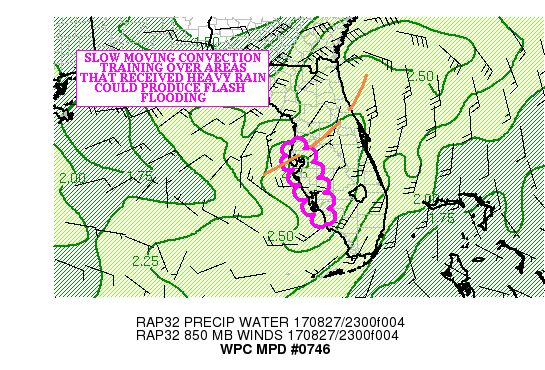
AREAS AFFECTED...WEST CENTRAL AND SOUTHWEST FL

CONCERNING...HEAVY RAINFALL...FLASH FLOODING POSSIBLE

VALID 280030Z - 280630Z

SUMMARY...SLOW MOVING CONVECTION IN A HIGH MOISTURE ENVIRONMENT
COULD RESULT IN A FLASH FLOOD THREAT INTO EARLY MORNING ACROSS
PORTIONS OF WEST CENTRAL AND SOUTHWEST FL.

DISCUSSION...BANDS OF CONVECTION MOVING EASTWARD FROM THE GULF OF
MEXICO CONTINUE TO TRAIN NEAR THE COAST OF WEST CENTRAL AND
SOUTHWEST FL EARLY THIS EVENING. THE CONVECTION IS FORMING IN AN
AREA OF 1000-100 J/KG OF MLCAPE LOCATED OVER THE EASTERN GULF OF
MEXICO AND MUCH OF SOUTHWEST FL.

THE AIRMASS IN WHICH THE CONVECTION IS FORMING AND MOVING HAS
PRECIPITABLE WATER VALUES NEAR 2.50 INCHES...AND THE 00Z TBW
SOUNDING SHOWED A MOIST COLUMN UP THROUGH 500 MB...WITH FREEZING
LEVELS ABOVE 16000 FEET. WARM RAIN PROCESSES ARE DOMINATING THE
CONVECTION...THOUGH THE GOES-16 CLEAN IR LOOP SHOWED STEADILY
COOLING TOPS WEST OF KPGD.

THE CONVECTION IS EXPECTED TO CONTINUE COMING ASHORE ALONG THE
WEST COAST OF FL BETWEEN KSRQ AND KFMY THROUGH THE EARLY MORNING
HOURS. HOURLY RAINFALL RATES COULD BRIEFLY JUMP TO NEAR 2.00
INCHES DURING THE MID TO LATE EVENING HOURS...AND THE MOST RECENT
HRRR SHOWED LOCAL 3.00 TO 5.00 INCHES OF RAINFALL ALONG THIS
CORRIDOR.

HEAVY RAINFALL OCCURRED OVER PORTIONS OF WEST CENTRAL AND
SOUTHWEST FL SATURDAY NIGHT INTO THIS AFTERNOON...WITH THE HIGHEST
AMOUNTS IN THE FORT MYERS/CAPE CORAL AREA. THE ADDITIONAL HEAVY
RAINFALL COULD RESULT IN FLASH FLOODING...ESPECIALLY IN URBAN
CENTERS AND AREAS OF POOR DRAINAGE. FLASH FLOODING IS ONLY
CONSIDERED POSSIBLE...SINCE IT IS UNCLEAR JUST HOW MUCH OF THE
CONVECTION MAKES IT WAY ONSHORE.